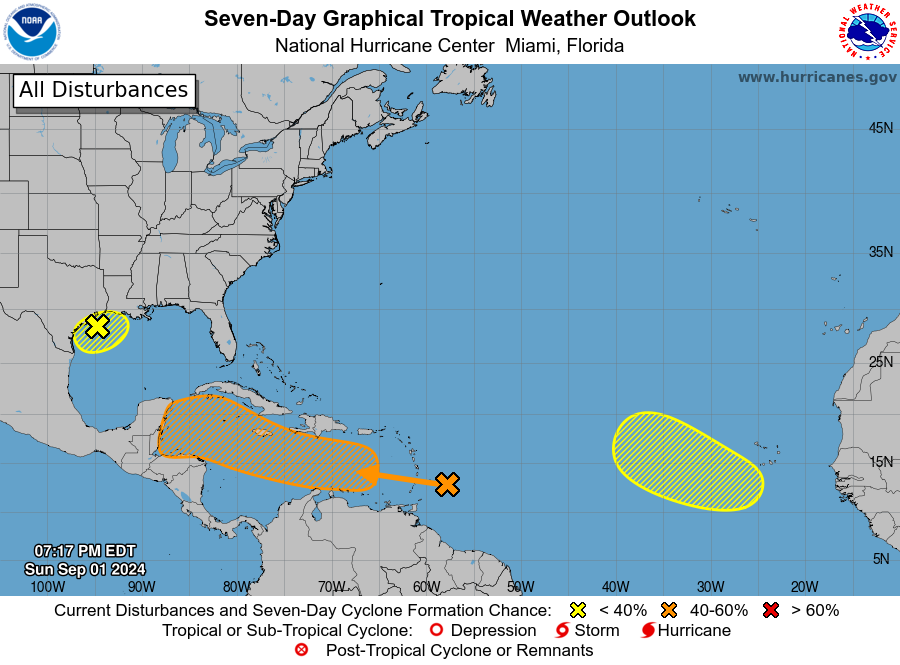
For the North Atlantic...Caribbean Sea and the Gulf of Mexico:

1. Northwestern Gulf of Mexico: A broad area of low pressure just offshore of the upper Texas coast continues to produce some disorganized shower and thunderstorm activity near the coasts of Texas and Louisiana and over the adjacent waters of the northwestern Gulf of Mexico. This system is expected to meander near the coast for the next couple of days, and some slow development is possible if it remains offshore. By Tuesday, the system is forecast to move inland, and further development is not expected. Regardless, heavy rains could cause some flash flooding across portions of coastal Louisiana and the upper Texas coast during the next couple of days.
* Formation chance through 48 hours...low...10 percent.
* Formation chance through 7 days...low...10 percent.

2. Near the Lesser Antilles and Caribbean Sea: Disorganized shower and thunderstorm activity continues in association with a tropical wave located a couple of hundred miles east of the Lesser Antilles. The disturbance is expected to move westward and reach the Lesser Antilles on Monday, then cross the eastern Caribbean Sea on Tuesday. Environmental conditions are forecast to become more conducive for development while the system moves across the central and western Caribbean Sea during the middle and latter parts of the week, and a tropical depression could form during that time. Regardless of development, this system could cause gusty winds and locally heavy rainfall over portions of the Lesser Antilles tonight and Monday.
* Formation chance through 48 hours...low...10 percent.
* Formation chance through 7 days...medium...40 percent.

3. Eastern Tropical Atlantic Ocean: A tropical wave is forecast to move offshore of the west coast of Africa by Monday. Thereafter, environmental conditions could support some slow development of this system throughout the week while it moves slowly westward or west-northwestward over the eastern tropical Atlantic Ocean.
* Formation chance through 48 hours...low...near 0 percent.
* Formation chance through 7 days...low...30 percent.

Forecaster Pasch